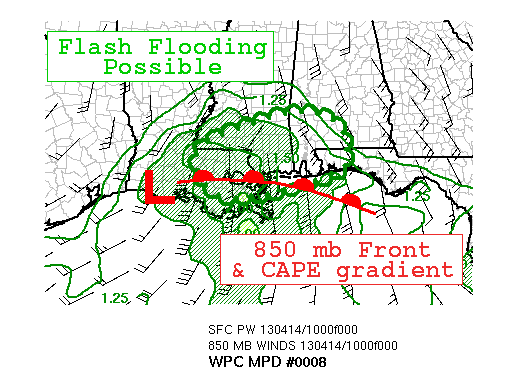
AREAS AFFECTED...EASTERN LA...SOUTHERN MS/AL...FAR WEST FL
PANHANDLE

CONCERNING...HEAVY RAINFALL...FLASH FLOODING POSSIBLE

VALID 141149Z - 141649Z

SUMMARY...CONSISTENT MODEL SIGNAL FOR FLASH FLOOD THREAT NORTH OF
850 MB WARM FRONT THIS MORNING.

DISCUSSION...WITH APPROACH OF MID LEVEL TROUGH DURING FAVORABLE
LOW LEVEL JET CYCLE...THE ENVIRONMENT NEAR/SOUTH OF 850 MB WARM
FRONT WAS BECOMING INCREASINGLY FAVORABLE FOR DEEP UPRIGHT
CONVECTION / SEE RECENT SEVERE WARNINGS IN SOUTHEAST LA.
MESOANALYSIS FROM THE SPC INDICATED MORE INTENSE ACTIVITY
OCCURRING WITHIN A CAPE GRADIENT ALONG AN 850 MB WARM FRONT.

THREAT FOR FLASH FLOODING WILL BECOME FOCUSED IMMEDIATELY NORTH OF
THIS AREA WHERE COVERAGE INCREASES AND THERMODYNAMIC PROFILES
BECOME MORE SUPPORTIVE OF HEAVY RAIN RATHER THAN SEVERE WEATHER.
THIS NOTION IS SUPPORTED BY BOTH GLOBAL MODELS AND HI-RES
MODELS...SUCH AS ECMWF/SREF/HRW EAST NMM...YIELDING HIGHER
CONFIDENCE IN 2-4 INCH RAIN TOTALS TO FALL THIS MORNING ACROSS THE
OUTLINED AREA. THESE AMOUNTS MAY LOCALLY EXCEED FLASH FLOOD
GUIDANCE. THE AFTERNOON MAY NOT PROVE TO BE AS FAVORABLE...AS
LARGER SCALE FORCING MOVES FARTHER NORTH OF LOW LEVEL FRONTAL
ZONE...AND MODEL QPF DECREASES.